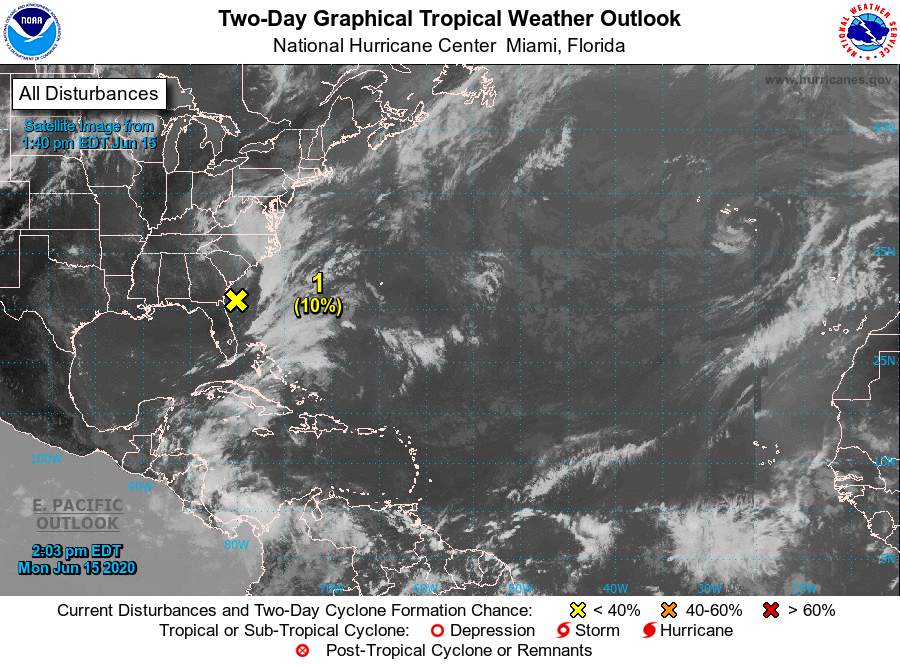
For the North Atlantic...Caribbean Sea and the Gulf of Mexico:

A small non-tropical low pressure system located east of the Georgia coast is producing disorganized showers and a few thunderstorms over the Atlantic waters. The low is expected to move northward overnight and be located offshore near the South Carolina-North Carolina border by Tuesday morning. Although environmental conditions are forecast to be unfavorable for any significant development, this system could briefly acquire some subtropical characteristics before it moves inland Tuesday afternoon or evening.

1. Regardless of development, heavy rainfall could over portions of northeastern South Carolina and southeastern North Carolina from Tuesday afternoon into Wednesday. For additional information, see products from your local National Weather Service office.
* Formation chance through 48 hours...low...10 percent.
* Formation chance through 5 days...low...10 percent.

Forecaster Stewart